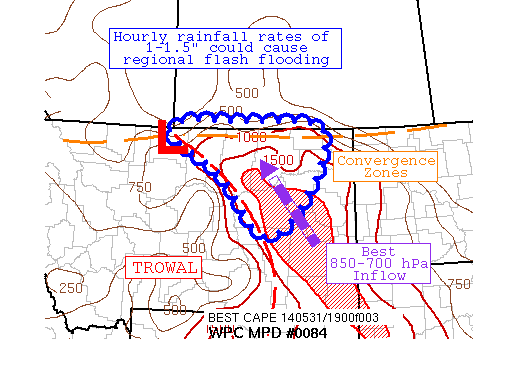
AREAS AFFECTED...NORTHEAST MT

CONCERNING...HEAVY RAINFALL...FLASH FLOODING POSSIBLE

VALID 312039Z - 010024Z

SUMMARY...THUNDERSTORMS ARE INCREASING IN COVERAGE AND INTENSITY
OVER AN AREA WITH LOW FLASH FLOOD GUIDANCE.  REGIONAL FLASH
FLOODING IS CONSIDERED POSSIBLE OVER THE NEXT FEW HOURS.

DISCUSSION...SATELLITE AND RADAR IMAGERY SHOW A RECENT UPWARD
SPIKE IN INTENSITY/COVERAGE OF THUNDERSTORMS ACROSS NORTHEAST MT,
WHICH ARE FOCUSING NEAR AND AHEAD OF A TROWAL.  CONVECTION RIGHT
NEAR THE MT/ SASKATCHEWAN BORDER APPEARS TO BE SHOWING SOME
BACKBUILDING CHARACTERISTICS TOWARDS A SURFACE CONVERGENCE ZONE AS
THE LOW-LEVEL FLOW AT 850 AND 700 HPA IS INCREASING AHEAD OF AN
UPPER-LEVEL LOW.  PRECIPITABLE WATER VALUES ARE APPROACHING 1.25",
THE 99TH PERCENTILE FOR THE END OF MAY.  CAPES ARE 1000-2000 J/KG
IN THE AREA AND 0-3 KM SHEAR IS 30-40 KNOTS, WHICH MEET THE
THRESHOLD FOR THE WET MULTI-CELL ENVIRONMENT.

CELL TRAINING AND POTENTIAL BACK BUILDING CELLS COULD CAUSE LOCAL
AMOUNTS OF 2-3", PER MOST OF THE RECENT MESOSCALE GUIDANCE.
HOURLY RAINFALL RATES OF 1-1.5" ARE EXPECTED IN STRONGER STORMS,
WHICH COULD EXCEED THE LOW FLASH FLOOD GUIDANCE IN THE REGION.
REGIONAL FLASH FLOODING IS CONSIDERED POSSIBLE.